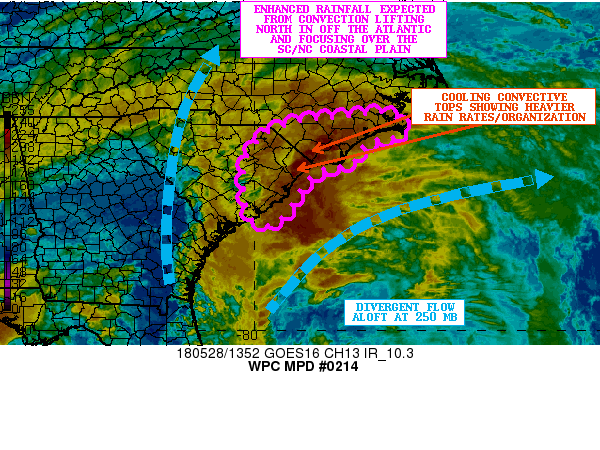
AREAS AFFECTED...EASTERN SC...SOUTHEAST NC

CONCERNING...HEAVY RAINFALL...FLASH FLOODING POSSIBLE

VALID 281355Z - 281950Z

SUMMARY...BANDS OF VERY HEAVY RAINFALL ADVANCING SLOWLY NORTH THIS
MORNING WILL ENCOURAGE RUNOFF PROBLEMS AND SOME FLASH FLOODING.

DISCUSSION...A DEEP LAYER SOUTHERLY TRANSPORT OF TROPICAL MOISTURE
CONTINUES NORTHWARD THIS MORNING INTO THE SC/NC COASTAL
PLAIN...WITH THE LATEST GOES-16 CLEAN IR SATELLITE IMAGERY
DEPICTING MULTIPLE EMBEDDED CONVECTIVE BANDS WITH SOME CLOUD-TOP
COOLING ACROSS AREAS OF FAR EASTERN SC INVOLVING GEORGETOWN AND
HORRY COUNTIES...AND ALSO OVER SOUTHEAST NC INVOLVING COLUMBUS AND
BRUNSWICK COUNTIES.

THE CONVECTION IS FOCUSING WITHIN AN AREA OF FOCUSED LOW LEVEL/850
MB CONVERGENCE AND RELATIVELY DIVERGENT FLOW ALOFT AROUND THE FAR
NORTHEASTERN PERIPHERY OF SUBTROPICAL STORM ALBERTO THAT IS
CURRENTLY APPROACH THE FL PANHANDLE. THE DEEP SOUTHERLY TROPICAL
FETCH OF MOISTURE IS CHARACTERIZED BY PWATS OF 2.2 TO 2.4 INCHES
AS PER 12Z RAOB AND GPS-DERIVED PWATS...AND GIVEN A HIGHLY
CONCENTRATED MOISTURE IN THE 500/300 MB LAYER...THE ENVIRONMENT IS
HIGHLY CONDUCIVE FOR EXTREME RAINFALL RATES THAT MAY EXCEED 3
INCHES/HR.

THE LATEST HRRR/HRRRX GUIDANCE IS SHOWING A LIKELIHOOD OF TRAINING
CONVECTIVE BANDS LIFTING UP NORTH IN OFF THE ATLANTIC OCEAN AND
INLAND ACROSS THE IMMEDIATE SC/NC COASTAL PLAIN OVER THE NEXT
SEVERAL HOURS WITH SOME EXTREMELY HEAVY RAINFALL POTENTIAL. IN
FACT...THE 12Z RUNS OF THESE MODELS ARE SHOWING AS MUCH AS 5 TO 8
INCHES OF RAINFALL POTENTIAL GOING THROUGH MID-AFTERNOON...WITH
SOME OF THE GREATEST POTENTIAL EXPECTED TO BE AROUND THE MYRTLE
BEACH SC AREA ALONG WITH ADJACENT TOWNS TO THE NORTH INTO
SOUTHEAST NC WEST OF THE WILMINGTON AREA. ENHANCED RUNOFF PROBLEMS
AND FLASH FLOODING WILL BE POSSIBLE.